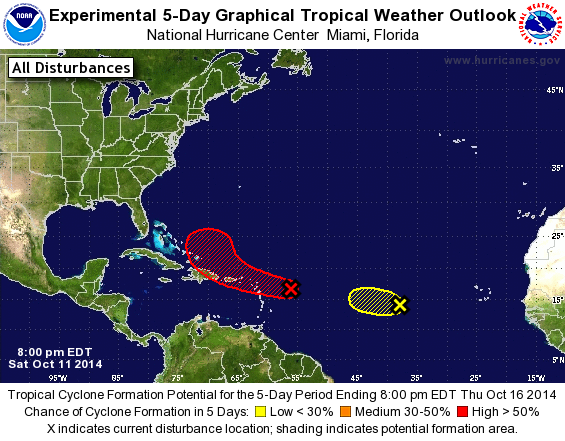
For the North Atlantic...Caribbean Sea and the Gulf of Mexico:

The National Hurricane Center is issuing advisories on Tropical Storm Fay, located south of Bermuda.

1. Cloudiness and thunderstorms associated with a small low pressure area located a few hundred miles east of the Leeward Islands have become better organized during the past several hours. Although dry air may hamper development, the overall environment is expected to be generally conducive, and a tropical depression could form during the next day or so. The low is forecast to move westward at around 10 mph, and interests from the Leeward Islands and Puerto Rico to Hispaniola and the southeastern Bahamas should monitor its progress. An Air Force Reserve Hurricane Hunter aircraft is scheduled to investigate this disturbance on Sunday afternoon, if necessary. Regardless of development, areas of heavy rains and gusty winds are expected to move across the Leeward Islands starting early Sunday.
* Formation chance through 48 hours...medium...50 percent.
* Formation chance through 5 days...high...60 percent.

2. Widespread but disorganized showers and thunderstorms, located several hundred miles west of the Cape Verde Islands, are associated with a westward-moving tropical wave. Upper-level winds are expected to remain unfavorable, and significant development of this system is unlikely.
* Formation chance through 48 hours...low...10 percent.
* Formation chance through 5 days...low...10 percent.

Forecaster Blake